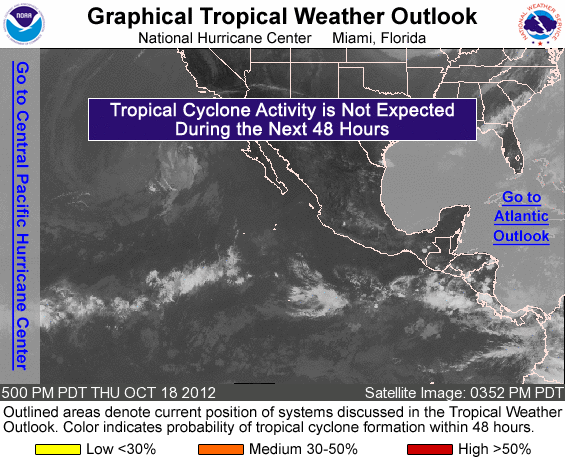
FOR THE EASTERN NORTH PACIFIC...EAST OF 140 DEGREES WEST LONGITUDE..

TROPICAL CYCLONE FORMATION IS NOT EXPECTED DURING THE NEXT 48 HOURS.

FORECASTER BERG